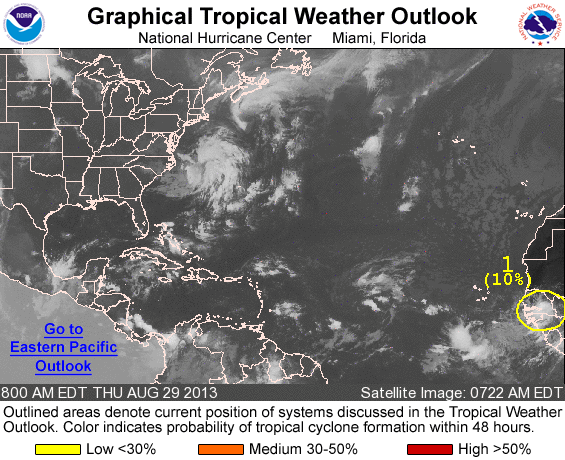
FOR THE NORTH ATLANTIC...CARIBBEAN SEA AND THE GULF OF MEXICO...

1. A TROPICAL WAVE LOCATED OVER WESTERN AFRICA IS MOVING WESTWARD AT 10 TO 15 MPH...AND AN AREA OF LOW PRESSURE COULD FORM AFTER THE WAVE MOVES OFF THE COAST ON FRIDAY. SOME DEVELOPMENT OF THIS SYSTEM IS POSSIBLE BEFORE THE ENVIRONMENT BECOMES UNFAVORABLE BY EARLY NEXT WEEK. THIS SYSTEM HAS A LOW CHANCE...10 PERCENT...OF BECOMING A TROPICAL CYCLONE DURING THE NEXT 48 HOURS...AND A MEDIUM CHANCE...30 PERCENT...OF BECOMING A TROPICAL CYCLONE DURING THE NEXT 5 DAYS WHILE IT MOVES NEAR THE CAPE VERDE ISLANDS.

2. SHOWER ACTIVITY ASSOCIATED WITH A TROPICAL WAVE LOCATED ABOUT 1000 MILES EAST OF THE LESSER ANTILLES REMAINS LIMITED. DEVELOPMENT...IF ANY...WILL BE SLOW TO OCCUR DURING THE NEXT COUPLE OF DAYS WHILE THE WAVE MOVES WESTWARD AT ABOUT 15 MPH AND APPROACHES THE LESSER ANTILLES. AFTER THAT TIME...UPPER-LEVEL WINDS COULD INHIBIT FURTHER DEVELOPMENT. THIS SYSTEM HAS A LOW CHANCE...10 PERCENT...OF BECOMING A TROPICAL CYCLONE DURING THE NEXT 48 HOURS...AND A LOW CHANCE...20 PERCENT...OF BECOMING A TROPICAL CYCLONE DURING THE NEXT 5 DAYS.

FIVE-DAY FORMATION PROBABILITIES ARE EXPERIMENTAL IN 2013. COMMENTS ON THE EXPERIMENTAL FORECASTS CAN BE PROVIDED AT...

HTTP://WWW.NWS.NOAA.GOV/SURVEY/NWS-SURVEY.PHP?CODE=ETWO

FORECASTER AVILA